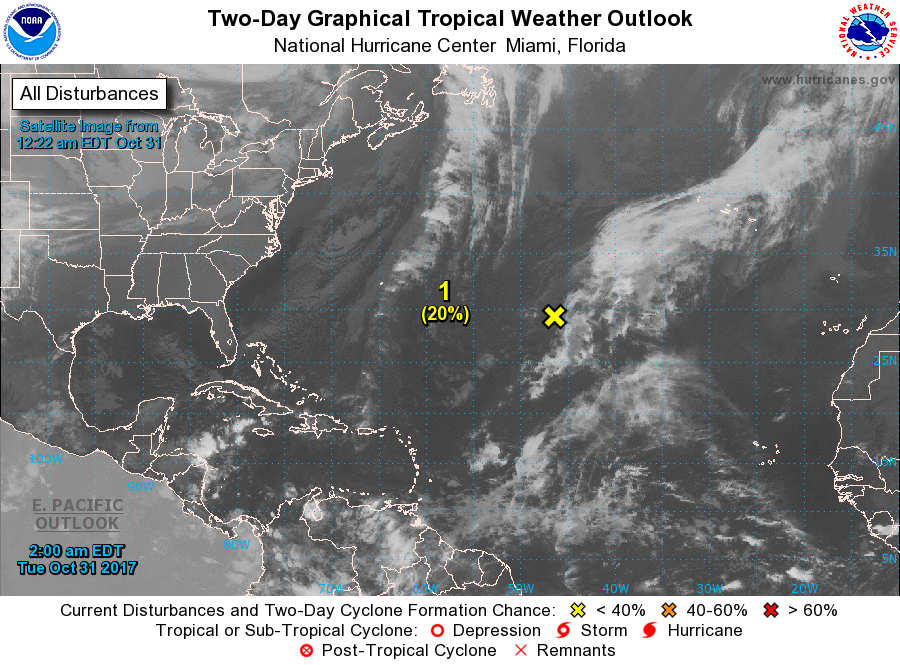
For the North Atlantic...Caribbean Sea and the Gulf of Mexico:

1. A weak non-tropical area of low pressure located about 1000 miles east-southeast of Bermuda is producing limited shower and thunderstorm activity. Strong upper-level winds and dry air are expected to limit any development of subtropical or tropical characteristics with this system during the next couple of days while it meanders over the central Atlantic Ocean between Bermuda and the Azores.
* Formation chance through 48 hours...low...20 percent.
* Formation chance through 5 days...low...20 percent.

Forecaster Brennan